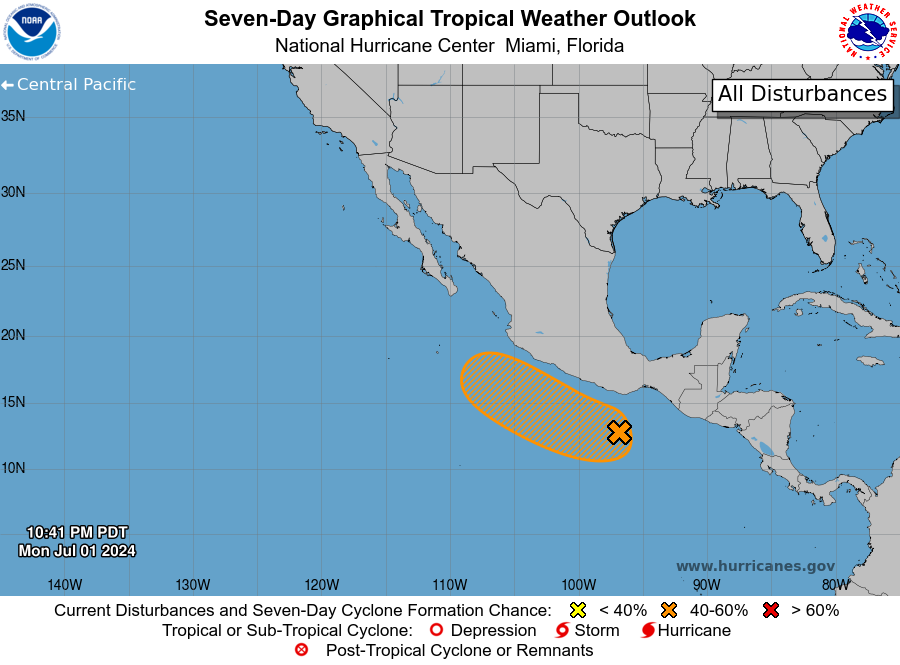
For the eastern North Pacific...east of 140 degrees west longitude:

1. Offshore of Southern Mexico: A broad area of low pressure is expected to form in a day or so a few hundred miles south of the coast of southern Mexico. Some gradual development of this system is possible thereafter, and a tropical depression could form during the next few days while it moves west-northwestward between 10 to 15 mph.
* Formation chance through 48 hours...low....20 percent.
* Formation chance through 7 days...medium...50 percent.

Forecaster Blake